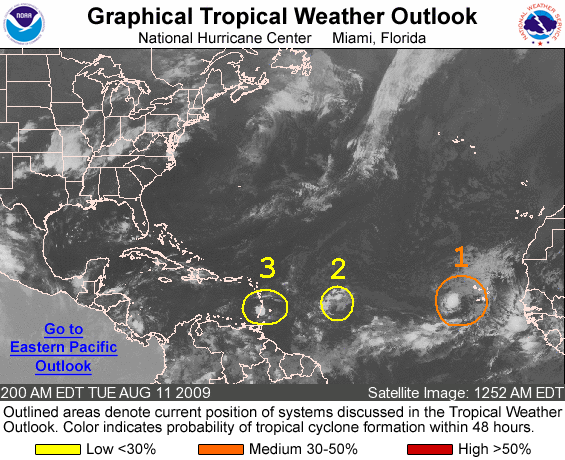
FOR THE NORTH ATLANTIC...CARIBBEAN SEA AND THE GULF OF MEXICO...

1. A BROAD AREA OF LOW PRESSURE LOCATED A COUPLE HUNDRED MILES WEST OF THE SOUTHERN CAPE VERDE ISLANDS IS MOVING WESTWARD AT 10 TO 15 MPH. THE ASSOCIATED SHOWER AND THUNDERSTORM ACTIVITY HAS INCREASED SOMEWHAT AND THIS SYSTEM HAS THE POTENTIAL TO BECOME A TROPICAL DEPRESSION DURING THE NEXT DAY OR SO. THERE IS A MEDIUM CHANCE... 30 TO 50 PERCENT...OF THIS SYSTEM BECOMING A TROPICAL CYCLONE DURING THE NEXT 48 HOURS.

2. A TROPICAL WAVE LOCATED ABOUT 600 MILES EAST OF THE LESSER ANTILLES IS PRODUCING DISORGANIZED SHOWERS AND THUNDERSTORMS. ANY DEVELOPMENT OF THIS SYSTEM IS LIKELY TO BE SLOW AS IT MOVES WESTWARD AT 10 TO 15 MPH. THERE IS A LOW CHANCE...LESS THAN 30 PERCENT...OF THIS SYSTEM BECOMING A TROPICAL CYCLONE DURING THE NEXT 48 HOURS.

3. A SMALL AREA OF LOW PRESSURE ASSOCIATED WITH A TROPICAL WAVE IS PRODUCING DISORGANIZED SHOWERS AND THUNDERSTORMS NEAR THE WINDWARD ISLANDS. DEVELOPMENT OF THIS SYSTEM...IF ANY...IS EXPECTED TO BE SLOW TO OCCUR AS IT MOVES WESTWARD AT 10 TO 15 MPH OVER THE SOUTHEASTERN CARIBBEAN SEA DURING THE NEXT COUPLE OF DAYS. THERE IS A LOW CHANCE...LESS THAN 30 PERCENT...OF THIS SYSTEM BECOMING A TROPICAL CYCLONE DURING THE NEXT 48 HOURS.

ELSEWHERE...TROPICAL CYCLONE FORMATION IS NOT EXPECTED DURING THE NEXT 48 HOURS.

FORECASTER PASCH